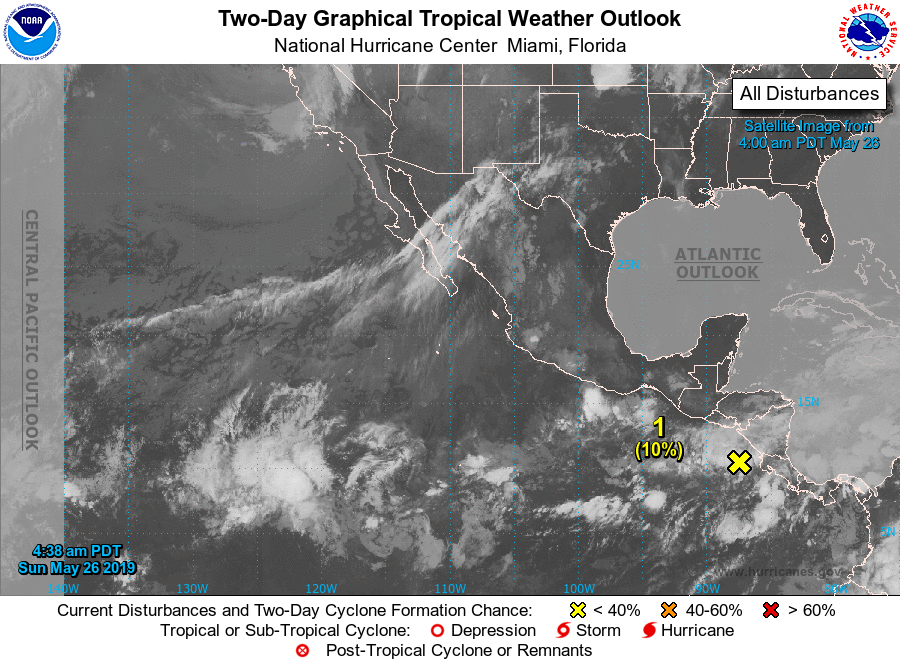
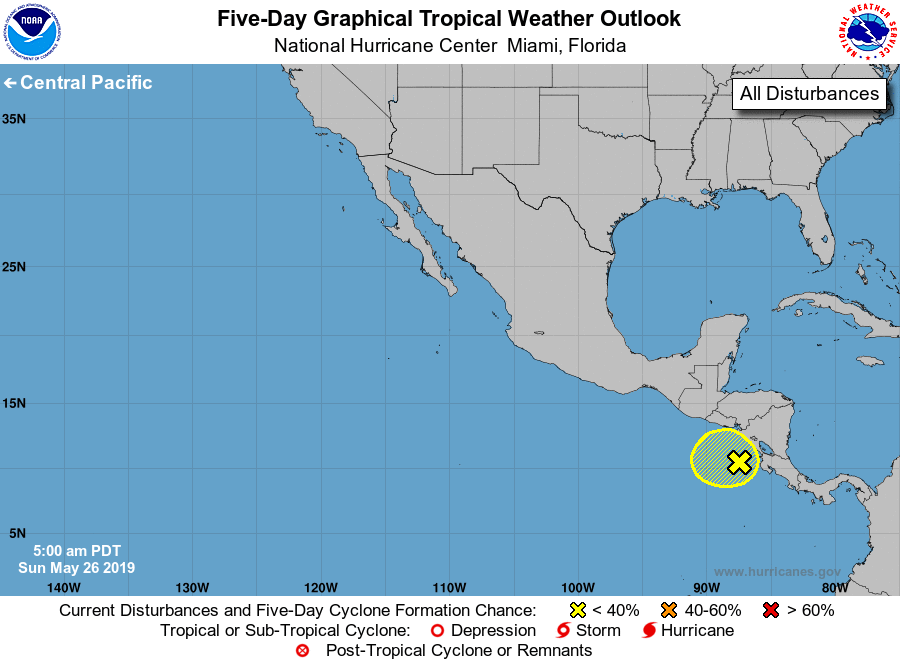
For the eastern North Pacific...east of 140 degrees west longitude:

1. A large, elongated area of low pressure continues to produce disorganized cloudiness and shower activity over the far eastern Pacific. Any development of this system during the next several days should be slow to occur due to its proximity to land and increasing upper-level winds. Regardless of development, locally heavy rains are likely to continue over portions of Central America through this week while the system drifts to the northwest. These rains could cause flash flooding and mudslides in areas of mountainous terrain.
* Formation chance through 48 hours...low...10 percent.
* Formation chance through 5 days...low...20 percent.

Forecaster Blake